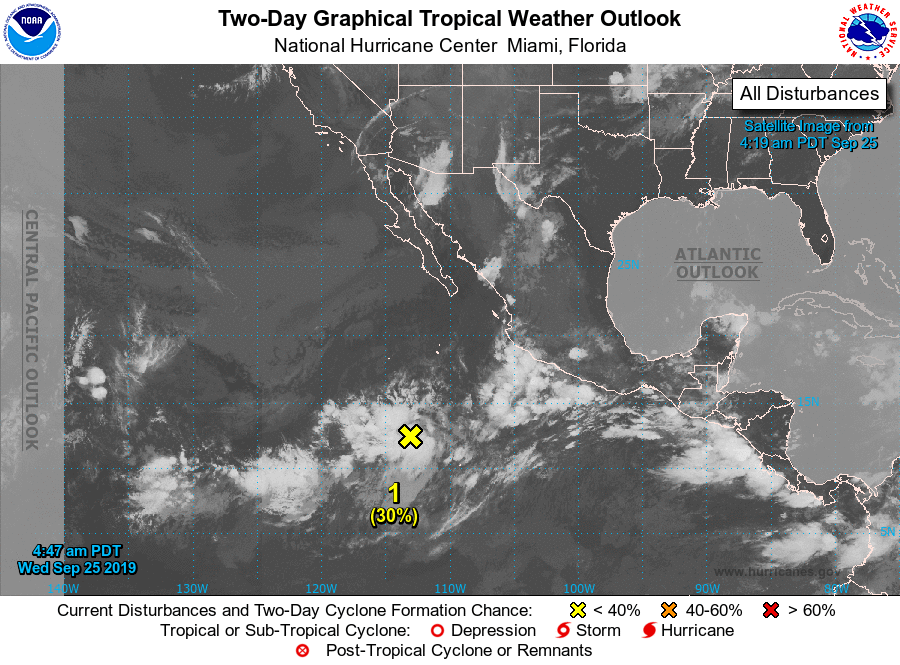
For the eastern North Pacific...east of 140 degrees west longitude:

1. Shower activity associated with a broad area of low pressure several hundred miles south-southwest of the southern tip of the Baja California peninsula has become a little better organized this morning. Additional gradual development of this system is possible during the next couple of days while it moves slowly northward.
* Formation chance through 48 hours...low...30 percent.
* Formation chance through 5 days...low...30 percent.

2. An area of low pressure is expected to form within a couple hundred miles of the southern coast of Mexico during the next few days. A tropical depression could form over the weekend or early next week while the system moves generally west-northwestward at 10 to 15 mph near the southern and southwestern coasts of Mexico.
* Formation chance through 48 hours...low...near 0 percent.
* Formation chance through 5 days...medium...60 percent.

Forecaster Beven